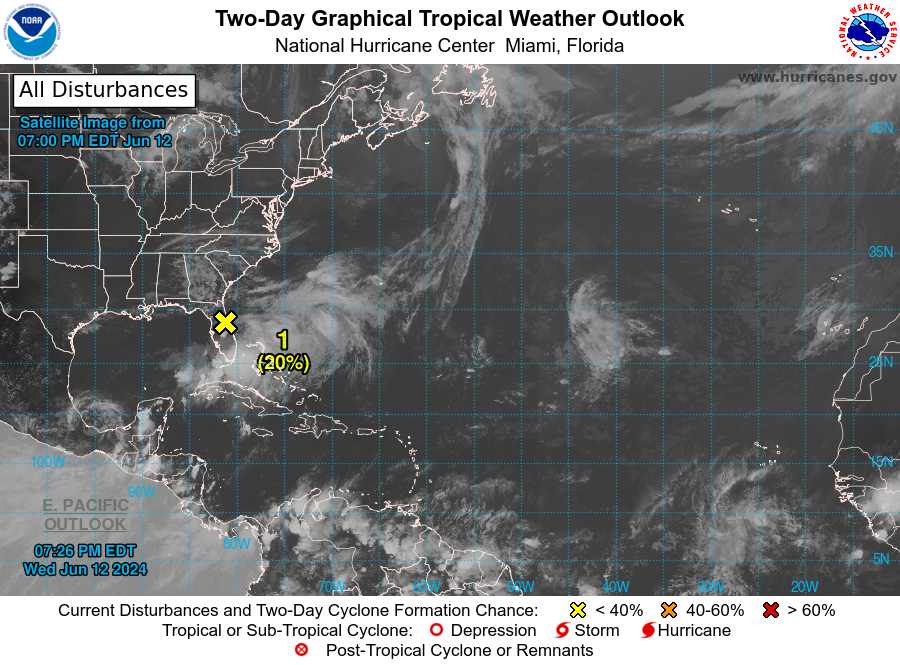
For the North Atlantic...Caribbean Sea and the Gulf of Mexico:

1. Offshore of the Southeastern U.S. (AL90): An elongated area of low pressure over the Florida peninsula is producing a large area of disorganized showers and thunderstorms. Despite strong upper-level winds, some gradual development is possible while the system moves northeastward offshore of the southeastern U.S. coast during the next couple of days. Regardless of development, heavy rainfall is forecast to continue across portions of the Florida peninsula during the next few days. For more information, see products issued by the Weather Prediction Center and local National Weather Service Forecast Offices.
* Formation chance through 48 hours...low...20 percent.
* Formation chance through 7 days...low...20 percent.

2. Southwestern Gulf of Mexico: A broad area of low pressure could form this weekend over the southwestern Gulf of Mexico. Environmental conditions appear conducive for some slow development of this system early next week while it moves slowly westward or west-northwestward.
* Formation chance through 48 hours...low...near 0 percent.
* Formation chance through 7 days...low...30 percent.

Weather Prediction Center products can be found at www.wpc.ncep.noaa.gov and National Weather Service forecast information can be found at www.weather.gov

Forecaster Reinhart